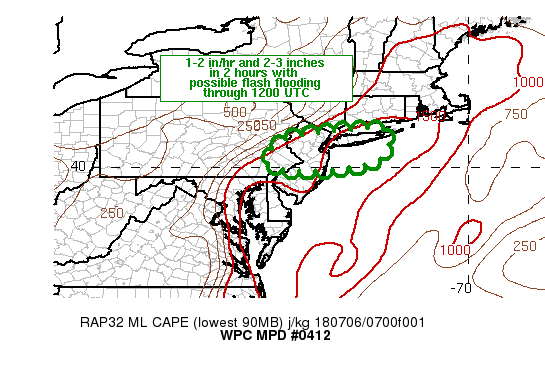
AREAS AFFECTED...ERN PA INTO NJ/SRN NY

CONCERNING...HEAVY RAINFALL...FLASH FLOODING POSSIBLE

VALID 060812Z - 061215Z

SUMMARY...FLASH FLOODING WILL BE POSSIBLE ACROSS PORTIONS OF THE
PA/NJ BORDER INTO NJ AND SOUTHERN NY THROUGH 12Z. THERE WILL BE
RAINFALL POTENTIAL OF 1-2 IN/HR AND 2-3 INCHES IN 2 HOURS WHICH
MAY OVERLAP WITH URBAN ENVIRONMENTS AND THE MORNING RUSH HOUR.

DISCUSSION...GOES 16 5-MINUTE "CLEAN WINDOW" INFRARED IMAGERY
SHOWED RAPIDLY COOLING CLOUD TOPS OVER SOUTHEASTERN PENNSYLVANIA
BETWEEN 07-08Z. 08Z RADAR DATA FROM KDIX SHOWED HIGHER
REFLECTIVITY VALUES SLOWLY MOVING EAST INTO MONTGOMERY AND BUCKS
COUNTY...WITH A COUPLE OF WUNDERGROUND.COM OBSERVATIONS SHOWING
ABOUT 0.5 INCHES OF RAIN IN A 10-15 MINUTE TIME SPAN NEAR AND EAST
OF READING BETWEEN 07-08Z...AND RADAR ESTIMATES OF 1.5 IN/HR ALONG
THE BERKS/MONTGOMERY COUNTY LINE.

THE SPC MESOANALYSIS AND 07Z RAP INDICATED AN AXIS OF 1000-2000
J/KG MLCAPE EXTENDED FROM THE DELMARVA PENINSULA INTO NJ AND LONG
ISLAND WITH RAP ANALYSIS SOUNDINGS SHOWING TALL/SKINNY CAPE
PROFILES ACROSS CENTRAL NJ. FLOW IS UNIDIRECTIONAL FROM THE LFC TO
EL WITH VAD WIND PLOT OBSERVED 850 MB FLOW MATCHING OR EXCEEDING
MEAN INDIVIDUAL STORM MOTIONS OFF TO THE ENE AT ROUGHLY 20 KT.
ALOFT...FLOW AT 250 MB IS MODERATELY DIFFLUENT WHICH SHOULD HELP
SUPPORT LIFT THROUGH THE COLUMN.

GIVEN SUFFICIENT MOISTURE/INSTABILITY IS IN PLACE AND SHORT TERM
RAP FORECASTS SHOW 850 MB FLOW INCREASING SLIGHTLY OVER THE NEXT
COUPLE OF HOURS...THE SMALL CLUSTER OF THUNDERSTORMS OVER
SOUTHEASTERN PENNSYLVANIA IS EXPECTED TO CONTINUE ADVANCING OFF
TOWARD THE EAST-NORTHEAST WITH PERIODS OF TRAINING. 2-3 INCHES IN
A 2 HOUR TIME FRAME WILL BE POSSIBLE WHICH MAY CAUSE RUNOFF
PROBLEMS ACROSS PORTIONS OF THE PA/NJ BORDER INTO THE NYC METRO
THROUGH 12Z. GIVEN THE URBAN NATURE OF THESE LOCATIONS AND THE
BEGINNING OF THE MORNING RUSH HOUR...FLASH FLOODING COULD BECOME
AN INCREASING CONCERN.